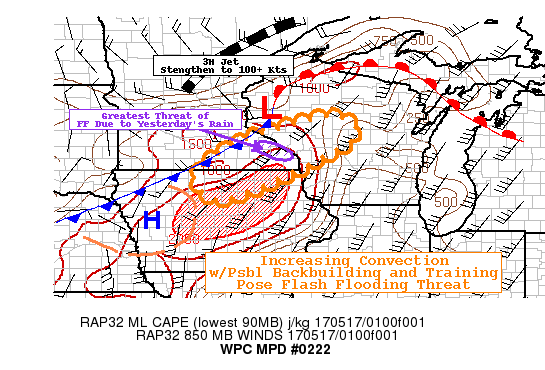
AREAS AFFECTED...SOUTHEAST MN...NORTH CENTRAL IA...WEST CENTRAL WI

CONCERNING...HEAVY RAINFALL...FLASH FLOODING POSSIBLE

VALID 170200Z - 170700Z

SUMMARY...INCRASING CONVECTION WITH TRAINING LIKELY TO POSE
POSSIBLE FLASH FLOODING CONDITIONS IN THE EARLY OVERNIGHT.

DISCUSSION...GOES-16 AND LOCAL RADAR MOSAIC SHOWS CONVECTIVE
DEVELOPMENT ALONG THE TRAILING EDGE OF EXITING S/W FEATURE WITH
COOLING TOPS AND MERGING ANVILS.  MODEST LOW LEVEL CONFLUENCE AT
ALONG COLD FRONT FROM SFC LOW NEAR OEO WITH STEADILY INCREASING
LLJ THAT IS ADVECTING UNSTABLE AIR REPRESENTED BY MLCAPES OF
2500-3000 OVER N CENTRAL IA PER RECENT RAP ANALYSIS.  MID-LEVEL
STEERING FLOW IS GENERALLY WEAKENING IN THE ENVIRONMENT BETWEEN
THE EXITING WAVE AND THE STRONGER S/W IN NEB.  AS SUCH PROPAGATION
VECTORS ARE GENERALLY WEAK TOWARD THE EAST THOUGH MAY EVEN SUPPORT
SOME WEAK UPSTREAM DEVELOPMENT GIVEN THE 35-40KT INFLOW.
ADDITIONAL SUPPORT ALOFT WILL BE INCREASING AS 3H JET AND NICELY
PLACED LEFT ENTRANCE REGION TO THE AREA OF CONCERN IS
STRENGTHENING OVER 100KTS IN N CENTRAL MN BY 04-05Z.

FURTHER UPSTREAM STRONG MESO LOW/HIGH COUPLET JUST NW OF OMA IS
LOCALLY BACKING INFLOW TO INCREASE SFC MST CONVERGENCE AHEAD OF
THE BOW.  GIVEN STRENGTHENING LL FLOW AND FORWARD PROPAGATION OF
THE BOW...THE LINE IS LIKELY TO FILL IN BETWEEN LSE AND AEL/MCW
OVER THE NEXT FEW HOURS.  GIVEN THE ORIENTATION AND CONVECTIVE
COMPLEX MOTION AND POTENTIAL BACK-BUILDING TO THE COMPLEX...CELLS
HAVE A GOOD POTENTIAL FOR ALIGNING WITH MEAN FLOW TO SUPPORT
TRAINING.  GIVEN TPWS OF 1.25-1.5" AND GOOD FLUX...RAIN RATES UP
TO 1.5"/HR ARE LIKELY WITH RAIN TOTALS OF 2-3" POSSIBLE LEADING TO
POSSIBLE FLASH FLOODING CONDITIONS.  HOWEVER...GREATEST CONCERN IS
THE LINE TRACKING ACROSS SATURATED SOILS/COMPROMISED FFG VALUES
FROM YESTERDAY NIGHT 2-4" TOTALS ACROSS WINONA/WABASHA
COUNTIES...MAKING THE THREAT OF FF MORE LIKELY THERE.